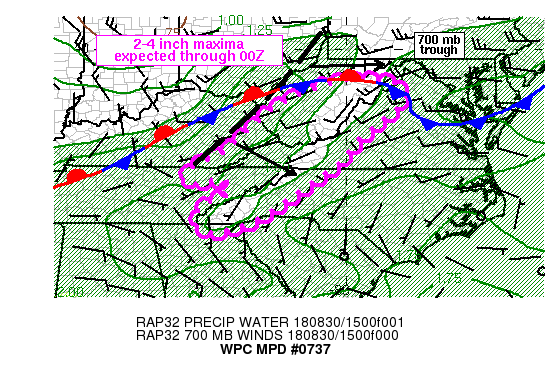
Areas affected...portions of the central/southern Appalachians

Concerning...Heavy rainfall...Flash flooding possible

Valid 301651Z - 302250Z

Summary...Slow moving thunderstorms are expected to increase in
coverage across portions of the central and southern Appalachians
through the afternoon with rainfall rates of 1-2 in/hr and storm
total potential of 2-4 inches through 00Z. Given the sensitivity
of the terrain, flash flooding will be possible.

Discussion...Visible satellite imagery through 1630Z showed the
early development of thunderstorms south of a quasi-stationary
front extending from WV into central KY/TN. Ongoing activity was
over eastern KY into southern WV with observed storm motions of 10
kt or less, occurring just ahead of a 700 mb trough axis analyzed
with 12Z RAOB data. 12Z RAOBs and recent RAP analysis soundings
showed the 850-300 mb mean wind, a proxy for storm motions, was 5
to 15 kt, slower to the south across the entire Appalachian
region. Weak low level capping was already being overcome as
daytime heating has allowed temperatures to rise well into the 80s
with RAP forecast MLCAPE values in the 1000-2000 J/kg range by
21Z. Precipitable water values ranged anywhere between 1.5 and 1.9
inches, which corresponds to the 75th to 90th percentile,
sufficient to generate high rain rates when coupled with
increasing instability.

Given breaks in cloud cover, thunderstorm coverage is forecast to
increase through the afternoon with scattered areas of flash
flooding expected from eastern TN/western NC into western VA, WV
and eastern KY through late afternoon. 0-6 km bulk shear and
850-700 mb flow is generally 20 kt or less which should limit
storm organization. However, slow storm movement, terrain
sensitivity and high moisture with sufficient instability should
be enough to generate a few areas where storms temporarily
stall/hang up, producing locally 2-4 inches of rain in a 1-3 hour
time frame.